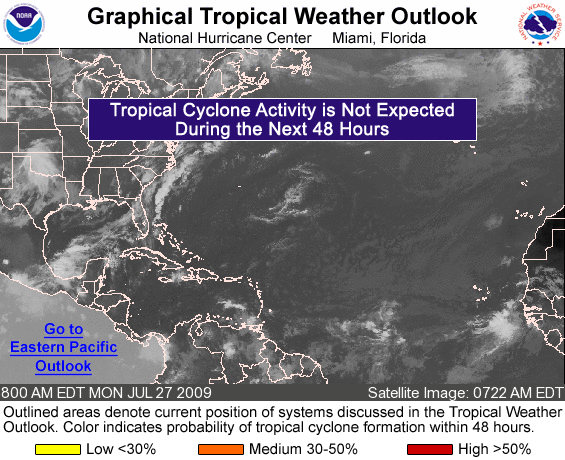
FOR THE NORTH ATLANTIC...CARIBBEAN SEA AND THE GULF OF MEXICO...

TROPICAL CYCLONE FORMATION IS NOT EXPECTED DURING THE NEXT 48 HOURS.

FORECASTER PASCH/ROBERTS